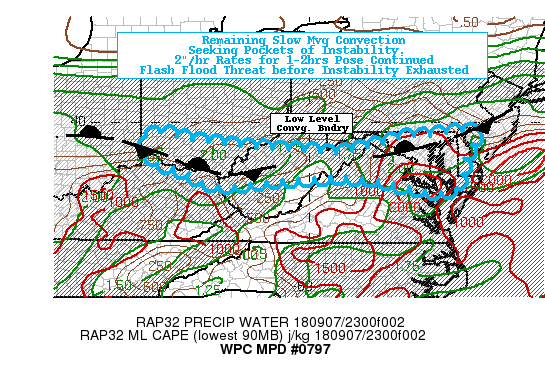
Areas affected...Central Ohio Valley through Central Mid-Atlantic

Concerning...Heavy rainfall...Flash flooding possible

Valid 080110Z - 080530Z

SUMMARY...Continued flash flooding threat for remaining deep
convection though overall trend/coverage reducing with time.

DISCUSSION...Regional RADAR mosaic and GOES-16 10.3um channel
continue to show scattered convective cells along the stationary
boundary from the central Ohio Valley to the Mid-Atlantic.
General cloud tops and Reflectivity denote overall
warming/downward trends though isolated pockets of cells currently
over S central OH into W WV and near the DC and Wilmington,DE and
southern NJ have some cooling cells with increased lightning.
Many of these cells are propagating on older outflow and seeking
remaining pockets of instability.  As such a few more hours remain
for these cells to survive.

The environment for the remaining cells remains very rich/deep in
moisture and given mean mid-level flow is weak between exiting jet
streak/trof off the Northeast and the amplification of the
approaching trof in the MO River Valley; cell motions are very
slow allowing for heavy rainfall.  Blended TPW and RAP analysis
denote values over 2" in the Mid-Atlantic and 1.75-2" across the
Ohio Valley.  As such 1-2 hour duration with slow cells and rates
of 2"/hr support totals in the 2-4" range likely.

The greatest threat for prolonged convective development is across
the Mid-Atlantic over N VA/S Central MD and the Southern Delmarva,
where the atmosphere has remained untapped and instability values
remain above 2000 J/kg.  If current cells can support enough
outflow for convergence...there is some threat across this region
a bit longer in time...though there is much higher uncertainty
given the current setup/convection.